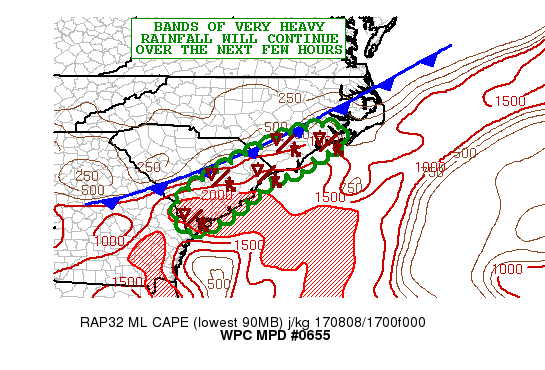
AREAS AFFECTED...EASTERN SC...SOUTHEAST NC

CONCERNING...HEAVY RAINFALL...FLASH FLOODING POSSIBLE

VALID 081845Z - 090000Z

SUMMARY...LOCALLY VERY HEAVY RAINFALL IS EXPECTED THIS AFTERNOON
ALONG THE IMMEDIATE NC/SC COASTAL PLAIN. SOME RUNOFF AND/OR FLASH
FLOODING IS POSSIBLE.

DISCUSSION...RAPIDLY COOLING CONVECTIVE TOPS ARE NOTED IN
NON-OPERATIONAL GOES-16 IR DATA THIS AFTERNOON OVER EASTERN SC AND
SOUTHEAST NC IN ASSOCIATION WITH AN APPROACHING COLD FRONT THAT IS
INTERACTING WITH A VERY MOIST AND UNSTABLE AIRMASS POOLED RIGHT
ALONG THE IMMEDIATE COASTAL PLAIN. AS PER THE LATEST RAP
ANALYSIS...DIURNAL HEATING HAS HELPED TO CONTRIBUTE MLCAPE VALUES
OF 1500 TO 2500 J/KG RIGHT ALONG THE COAST. THE CONVECTION IS ALSO
BEING AIDED BY SOME RIGHT-ENTRANCE REGION JET DYNAMICS WHICH IS
FOSTERING LARGER SCALE ASCENT IN CONJUNCTION WITH THE FAVORABLE
THERMODYNAMICS.

THE COLUMN IS QUITE MOIST WITH PWATS RUNNING AS HIGH AS 2.25
INCHES...AND GIVEN THE ENHANCED CONCENTRATION OF MOISTURE IN THE
700/300 MB LAYER...RAINFALL PROCESSES WILL BE HIGHLY EFFICIENT FOR
ENHANCED RAINFALL RATES THAT COULD APPROACH 3 INCHES/HR.

THE CONVECTION THAT IS ONGOING AT THIS TIME IS EMBEDDED WITHIN A
RELATIVELY UNIDIRECTIONAL FLOW REGIME AHEAD OF THE COLD FRONT THAT
IS CONDUCIVE FOR SOME TRAINING CONVECTIVE BANDS. THE 12Z ARW/NMMB
SOLUTIONS APPEAR TO BE LOCALLY UNDERDONE GIVEN THE VERY
MOIST/UNSTABLE ENVIRONMENT AND POTENTIAL FOR TRAINING...BUT THE
12Z NSSL-WRF AND RECENT HRRR RUNS APPEAR TO HAVE A SOMEWHAT BETTER
HANDLE OF THE CURRENT ACTIVITY.

EXPECT LOCALLY VERY HEAVY RAIN OVER THE NEXT SEVERAL HOURS AS
MULTIPLE BANDS OF CONVECTION SET UP ALONG AND JUST INLAND OF THE
COAST GOING INTO THE EARLY EVENING HOURS. GRADUALLY ALL OF THE
CONVECTION SHOULD BEGIN TO SHIFT OFFSHORE...BUT NOT BEFORE SOME
AREAS SEE AS MUCH 3 TO 6 INCHES OF RAIN. SOME RUNOFF AND/OR FLASH
FLOODING PROBLEMS WILL BE POSSIBLE.